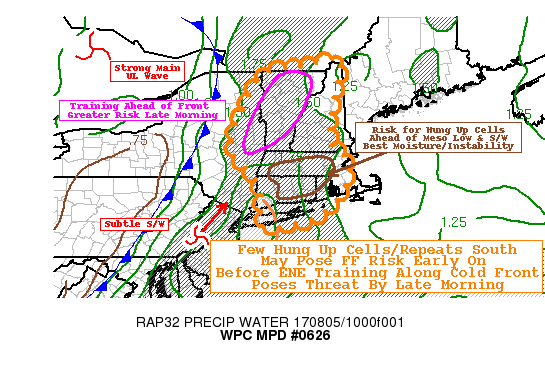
AREAS AFFECTED...E UPSTATE NY...E LONG
ISLAND...CT...RI...VT...NH...MA

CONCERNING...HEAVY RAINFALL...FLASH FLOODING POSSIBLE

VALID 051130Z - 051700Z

SUMMARY...FLASH FLOODING THREAT SHIFTS FROM SOUTHERN NEW ENGLAND
TO DEVELOPMENT ALONG COLD FRONT INTO N/CENT NEW ENGLAND BY
MID-MORNING

DISCUSSION... NEAR TERM....LI/CT/MA/RI... WARM CONVEYOR BELT IN
ADVANCE OF MAIN HEIGHT FALLS/COLD FRONT HAS PUMPED AMPLE MOISTURE
AND INSTABILITY NORTH ACROSS EASTERN LI INTO CT/RI WITH TEMPS/TDS
IN THE LOWER TO MID 70S SUPPORTING TPWS BETWEEN 1.75-2" AND CAPES
IN THE 500-1000 J/KG RANGE.  CONVECTIVE CLUSTER FROM OVERNIGHT HAS
PRESSES OUTFLOW BOUNDARY FURTHER EAST FURTHER ENHANCING MST
CONVERGENCE ALONG AND EAST OF IT...WHERE PRECURSORY SHALLOW
CONVECTION HAS BROKEN OUT ACROSS CENTRAL MA/CT AND E LI WITH
MODEST WARM CLOUD RAINFALL PROCESSES BEFORE THE STRONGER DOWNPOURS
WITH CONVECTION ALONG THE OUTFLOW.

HI-RES CAMS HAVE BEEN STRUGGLING WITH TIMING OF THIS EVOLUTION
GENERALLY ABOUT 1-1.5 HOURS TOO SLOW...YET THERE IS SOME
SUGGESTION WITH SOME CLEARING IN
MID-MORNING...INSTABILITY/MOISTURE MAY RECHARGE SUFFICIENTLY FOR
AN ADDITIONAL ROUND OF DEVELOPMENT PARTICULARITY ACROSS E MA/CT.
THIS WOULD BE ASSOCIATED WITH A SUBTLE SHORTWAVE WITHIN THE WARM
CONVEYOR (PER GOES-WV) LIFTING NORTH OUT OF EASTERN PA/S NJ AT
THIS TIME.  THE ORIENTATION OF THIS WAVE WITH THE APPROACH OF THE
SURFACE COLD FRONT MAY ACT AS A ANCHOR/PIVOT POINT THAT MAY SLOW
FORWARD PROPAGATION AND ALLOW FOR A LOCALIZED AREA OF INCREASED
TOTALS IN CENTRAL MA/CT BY MID-MORNING...WITH RAIN RATES OF
1.75-2"/HR THERE IS A THREAT FOR LOCALIZED TOTALS AOA 2-3" POSING
FLASH FLOOD RISK.

FURTHER NORTH...E NY/VT/E NH...
GOES-WV LOOP INDICATES STRONGLY CURVED MID-LEVEL TROF CROSSING LK
ONTARIO/S QUEBEC WITH NE-SW ORIENTATION TO THE MEAN MID-LEVEL FLOW
TO BECOME ORIENTED FAIRLY CLOSE TO THE COLD FRONT...SLOWING
EASTWARD PROGRESS AND SUPPORTING INCREASED TRAINING ENVIRONMENT.
CURRENTLY WEAK SHOWERS ARE DEVELOPING ALONG THE FRONT IN E NY...ON
LIMITED ELEVATED INSTABILITY.  GUIDANCE SUGGESTS A BIT OF
CLEARING/INCREASED INSTABILITY DEVELOPING TOWARD LATE
MORNING/LOCAL NOON...THOUGH WEAK SHORTWAVE RIDGING IS APPROACHING
WITH WEAK BAROCLINIC LEAF SEGMENT THAT MAY DELAY THIS CLEARING.

STILL STRONG FORCING/AMPLE MOISTURE AND THE TRAINING PROFILE ALONG
WITH LOCALIZED WET GROUND CONDITIONS FROM RECENT LATE WEEK'S WORTH
OF SLOW MOVING CONVECTION MAY STILL POSE SOME LOCALIZED EARLY
MORNING FF THREAT ACROSS E NY INTO VT BEFORE BREAKING OUT A BIT
GREATER IN INTENSITY/COVERAGE TOWARD EARLY AFTERNOON.  WILL
CONTINUE TO MONITOR AND REASSESS AS THAT TIME APPROACHES.